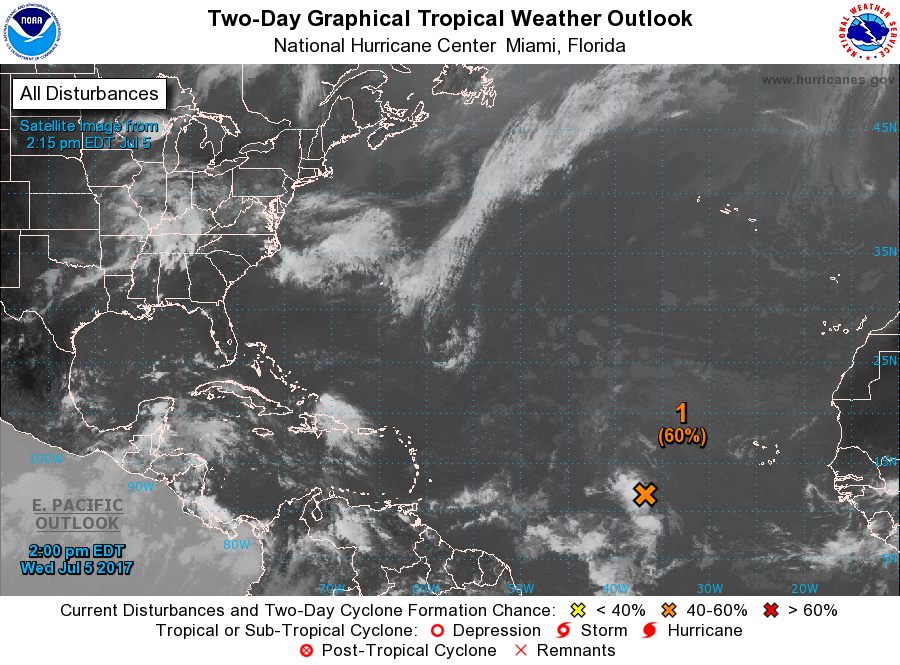
For the North Atlantic...Caribbean Sea and the Gulf of Mexico:

1. A low pressure system located about 850 miles west-southwest of the Cabo Verde Islands continues to produce a small area of showers and thunderstorms to the west of the center. This system still has the potential to become a tropical depression before it moves west-northwestward into a drier and more stable air mass during the next day or two.
* Formation chance through 48 hours...medium...60 percent
* Formation chance through 5 days...medium...60 percent

Forecaster Bann/Cangialosi